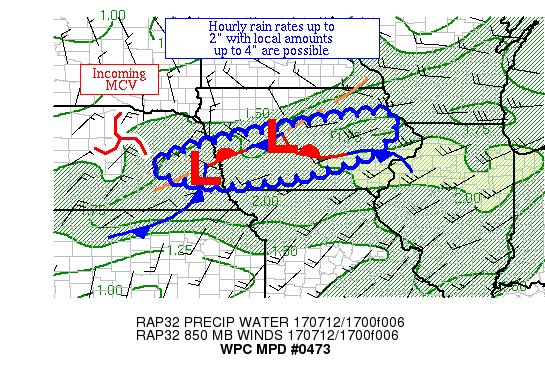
AREAS AFFECTED...EASTERN NE & PORTIONS OF IA

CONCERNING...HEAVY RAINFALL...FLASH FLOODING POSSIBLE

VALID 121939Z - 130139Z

SUMMARY...THUNDERSTORMS ARE EXPANDING IN COVERAGE NEAR AND
DOWNWIND OF A MESOSCALE WAVE.  HOURLY RAIN RATES TO 2" WITH LOCAL
AMOUNTS TO 4" ARE POSSIBLE.

DISCUSSION...THUNDERSTORMS HAVE BEEN BLOSSOMING TO THE EAST OF AN
MCV ACROSS EASTERN NE AND HAVE TAKEN ON A TRAINING SIGNATURE.
INFLOW AT 850 HPA IS CONVERGENT AT 15-20 KTS (NEAR THE MAGNITUDE
OF THE MEAN 850-400 HPA WIND) WHICH IS IMPORTING THE HIGHER MLCAPE
VALUES FROM BEHIND THE WAVE WITHIN THE NORTHWEST FLOW.  MLCAPE
VALUES ARE 2000-4000 J/KG.  EFFECTIVE BULK SHEAR IS ~30 KTS, WHICH
HAS HELPED ORGANIZE THE TRAINING BAND.  PRECIPITABLE WATER VALUES
ARE 1.75-2".

THE MESOSCALE GUIDANCE HAS A SIGNAL FOR RAIN HERE, BUT GENERALLY
APPEARS UNDERDONE - THE 16-17Z HRRR EXPERIMENTAL RUNS AND THE 12Z
CANADIAN APPEAR TO HAVE THE BEST HANDLE OF THIS ACTIVITY.  WITHIN
THE NEXT COUPLE HOURS, CIN SHOULD ERODE WHICH SHOULD ENHANCE
SURFACE-BASED CONVECTIVE ACTIVITY.  FORWARD PROPAGATION GENERALLY
TO THE EAST AT 20-25 KTS IS EXPECTED.  WITHIN SHORT TRAINING
BANDS, HOURLY RAIN RATES UP TO 2" AND LOCAL AMOUNTS UP TO 4" ARE
POSSIBLE OVER THE NEXT SEVERAL HOURS.